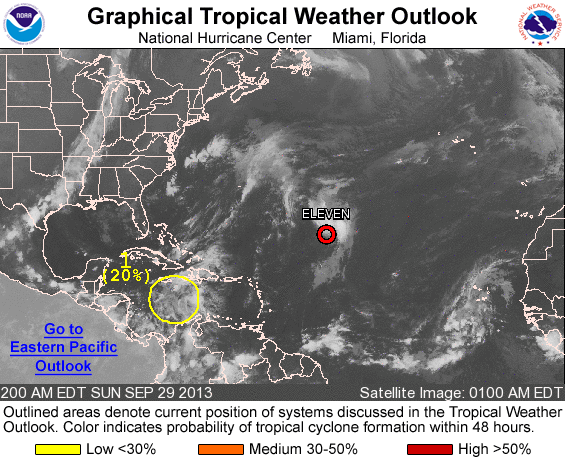
FOR THE NORTH ATLANTIC...CARIBBEAN SEA AND THE GULF OF MEXICO...

THE NATIONAL HURRICANE CENTER IS ISSUING ADVISORIES ON NEWLY FORMED TROPICAL DEPRESSION ELEVEN...LOCATED OVER THE OPEN ATLANTIC SEVERAL HUNDRED MILES EAST-NORTHEAST OF THE NORTHERN LEEWARD ISLANDS.

1. AN SHARP TROUGH OF LOW PRESSURE IS LOCATED OVER THE CENTRAL AND SOUTHWESTERN CARIBBEAN SEA. ALTHOUGH SATELLITE DATA AND SURFACE OBSERVATIONS INDICATE THE TROUGH HAS BECOME BETTER DEFINED... ASSOCIATED SHOWER AND THUNDERSTORM ACTIVITY REMAINS DISORGANIZED. HOWEVER...GRADUAL DEVELOPMENT OF THIS DISTURBANCE IS POSSIBLE OVER THE NEXT COUPLE OF DAYS WHILE IT MOVES SLOWLY NORTHWESTWARD...AND THIS SYSTEM HAS A LOW CHANCE...20 PERCENT...OF BECOMING A TROPICAL CYCLONE DURING THE NEXT 48 HOURS. AFTER THAT TIME...ENVIRONMENTAL CONDITIONS ARE EXPECTED TO BE MORE CONDUCIVE FOR DEVELOPMENT WHEN THE SYSTEM MOVES TOWARD THE NORTHWESTERN CARIBBEAN SEA AND THE SOUTHEASTERN GULF OF MEXICO. THIS SYSTEM HAS A MEDIUM CHANCE... 40 PERCENT...OF BECOMING A TROPICAL CYCLONE DURING THE NEXT 5 DAYS. LOCALLY HEAVY RAINFALL AND GUSTY WINDS WILL BE POSSIBLE OVER JAMAICA AND WESTERN HAITI TODAY AND MONDAY...AND GRADUALLY SPREAD ACROSS THE CAYMAN ISLANDS AND EASTERN CUBA BY TUESDAY.

PUBLIC ADVISORIES ON TROPICAL DEPRESSION ELEVEN ARE ISSUED UNDER WMO HEADER WTNT31 KNHC AND UNDER AWIPS HEADER MIATCPAT1. FORECAST/ADVISORIES ON TROPICAL DEPRESSION ELEVEN ARE ISSUED UNDER WMO HEADER WTNT21 KNHC AND UNDER AWIPS HEADER MIATCMAT1.

FIVE-DAY FORMATION PROBABILITIES ARE EXPERIMENTAL IN 2013. COMMENTS ON THE EXPERIMENTAL FORECASTS CAN BE PROVIDED AT...

HTTP://WWW.NWS.NOAA.GOV/SURVEY/NWS-SURVEY.PHP?CODE=ETWO

FORECASTER STEWART